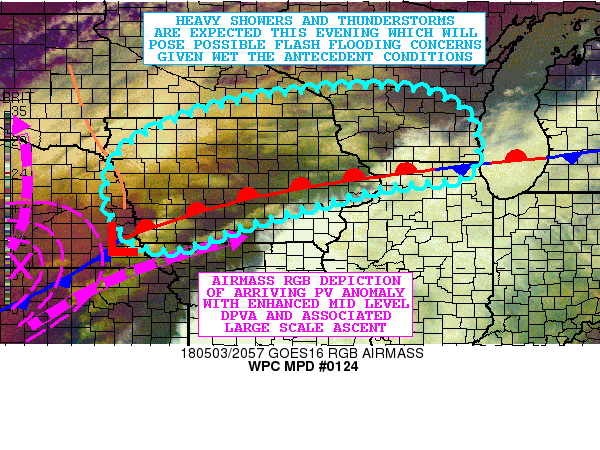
AREAS AFFECTED...EXTREME EASTERN NEB...IA...SOUTHEAST
MN...SOUTHERN WI...FAR NORTHERN IL

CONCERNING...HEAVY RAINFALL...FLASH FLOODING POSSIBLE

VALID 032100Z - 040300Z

SUMMARY...SHOWERS AND THUNDERSTORMS WILL BE EXPANDING IN COVERAGE
AS LOW PRESSURE APPROACHES FROM THE SOUTHWEST. THE WET ANTECEDENT
CONDITIONS MAY RESULT IN SOME FLASH FLOODING CONCERNS THROUGH THE
LATE EVENING HOURS.

DISCUSSION...THE LATE-AFTERNOON GOES-16 AIRMASS RGB IMAGERY SHOWS
THE CLASSIC SIGNATURE OF A DEVELOPING MID LEVEL DEFORMATION ZONE
AHEAD OF AN APPROACHING PV ANOMALY ASSOCIATED WITH A STRONG
SHORTWAVE TROUGH. ENHANCED MID LEVEL FORCING/DPVA ASSOCIATED WITH
THIS WILL INTERACT WITH MOIST SOUTHERLY FLOW AHEAD OF A DEEPENING
WAVE OF LOW PRESSURE TO PROMOTE AN EXPANDING AREA OF HEAVY SHOWERS
AND THUNDERSTORMS NEAR AND TO THE NORTH OF A WARM FRONT SLOWLY
ADVANCING NORTHEAST ACROSS THE MIDWEST.

IN FACT...THE LATEST HRRR GUIDANCE FAVORS THE DEVELOPMENT OF A 40
TO 50 KT S/SW LOW LEVEL JET ACROSS THE MID MS VALLEY BETWEEN 00Z
AND 03Z WHICH WILL INTERCEPT THE AFOREMENTIONED FRONT AND FAVOR
STRENGTHENING LOW LEVEL MOISTURE AND INSTABILITY TRANSPORT FOR
MORE ORGANIZED AND LOCALLY FOCUSED CONVECTIVE GROWTH JUST NORTH OF
THE FRONT WHERE DEEP LAYER SHOULD BE MAXIMIZED. ALREADY A NOSE OF
MLCAPE VALUES OF 500 TO 1000 J/KG HAS NOSED UP ACROSS NORTHWEST MO
AND INTO SOUTHERN IA AND IS HELPING TO ALLOW CONVECTION TO BREAK
OUT BACK ACROSS FAR EASTERN NEB AND WESTERN IA AT THIS TIME.

EXPECT RAINFALL RATES OF AS MUCH AS 1.5 INCHES/HR AND STORM TOTAL
AMOUNTS THROUGH 03Z OF AS MUCH AS 2 TO 4 INCHES WITH ISOLATED
HEAVIER AMOUNTS NOT OUT OF THE QUESTION. GIVEN THE WET ANTECEDENT
CONDITIONS...SOME FLASH FLOODING WILL BE POSSIBLE.